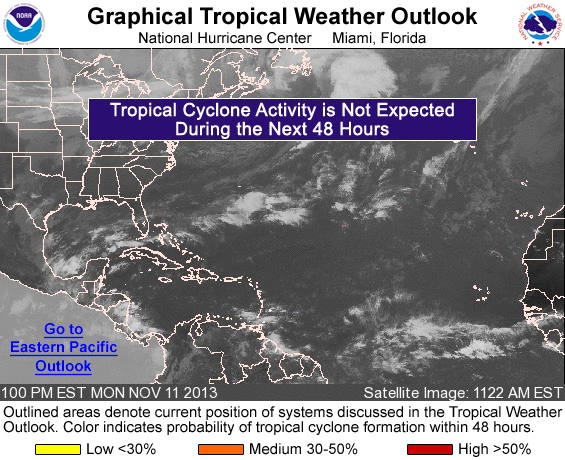
FOR THE NORTH ATLANTIC...CARIBBEAN SEA AND THE GULF OF MEXICO...

TROPICAL CYCLONE FORMATION IS NOT EXPECTED DURING THE NEXT 5 DAYS.

&&
FIVE-DAY FORMATION PROBABILITIES ARE EXPERIMENTAL IN 2013. COMMENTS ON THE EXPERIMENTAL FORECASTS CAN BE PROVIDED AT...

HTTP://WWW.NWS.NOAA.GOV/SURVEY/NWS-SURVEY.PHP?CODE=ETWO

FORECASTER AVILA